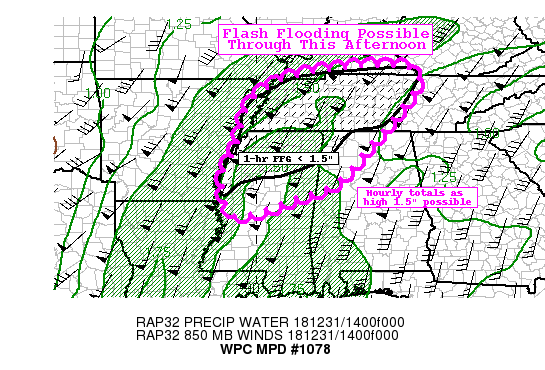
Areas affected...Mid-MS into TN Valleys

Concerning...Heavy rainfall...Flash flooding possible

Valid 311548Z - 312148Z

Summary....A few lines of convection through this afternoon will
be capable of producing hourly totals as high as 1.5" which may
induce localized flash flooding over saturated soils and other
sensitive areas.

Discussion...A 15z surface analysis showed a warm front lifting
northward through the TN Valley while a cold front was analyzed
west of the MS River in AR and LA. In the warm sector, anomalously
high moisture was evident with dewpoints in the mid to upper 60s
as far north as northern MS. 12z JAN upper air sounding had a PWAT
of 1.35", which is in the 95th percentile for late December.
Overall, PWATs in the 1.3 to 1.7" range will continue to surge
northward through the day as a strong mid/upper level wave lifts
through the southern/central Plains. 850 mb flow is expected to
increase from 50 to 70 kts across the region. Despite limited
clearing, MUCAPE of 500 to 1000 J/kg is likely to develop by early
afternoon, which should help contribute to higher rain rates.
Finally, line and cell storm motions will be nearly parallel to
the overall mean wind, which suggests potential for training and
redevelopment.

Antecedent conditions also favor the threat for flash flooding
where 7 day departures from normal are running 200-300 percent of
normal. 1-hr Flash Flood Guidance values are as low as 0.75" with
a large area of 1.0-1.5", largely as a result of rainfall fallen
in the last 24 hours.

Hi-res models and the latest HREF mean show potential for these
values to be met or exceeded for a few hours into this afternoon
as convection picks up and moves across the area The latest runs
of the HRRR show potential for a quick 2-3" in localized spots,
which if trains over saturated or sensitive areas, could result in
flash flooding. The greatest threat area appears to be from
northern MS into middle TN, and perhaps into extreme southern KY,
if any instability builds that far north.